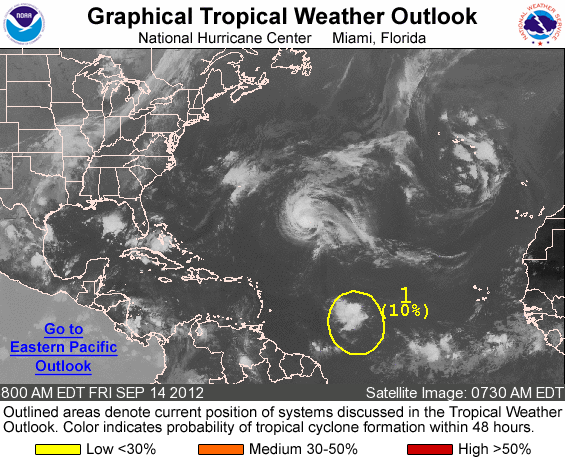
FOR THE NORTH ATLANTIC...CARIBBEAN SEA AND THE GULF OF MEXICO...

THE NATIONAL WEATHER SERVICE IS ISSUING ADVISORIES ON TROPICAL STORM NADINE...LOCATED ABOUT 765 MILES EAST-SOUTHEAST OF BERMUDA.

1. SHOWERS AND THUNDERSTORMS HAVE INCREASED NEAR A TROPICAL WAVE LOCATED OVER THE CENTRAL TROPICAL ATLANTIC ABOUT 1100 MILES EAST OF THE WINDWARD ISLANDS. HOWEVER...ENVIRONMENTAL CONDITIONS DO NOT APPEAR CONDUCIVE FOR SIGNIFICANT DEVELOPMENT WHILE THE WAVE MOVES WESTWARD AT ABOUT 15 MPH DURING THE NEXT COUPLE OF DAYS. THIS SYSTEM HAS A LOW CHANCE...10 PERCENT...OF BECOMING A TROPICAL CYCLONE DURING THE NEXT 48 HOURS.

ELSEWHERE...TROPICAL CYCLONE FORMATION IS NOT EXPECTED DURING THE NEXT 48 HOURS.

FORECASTER BERG